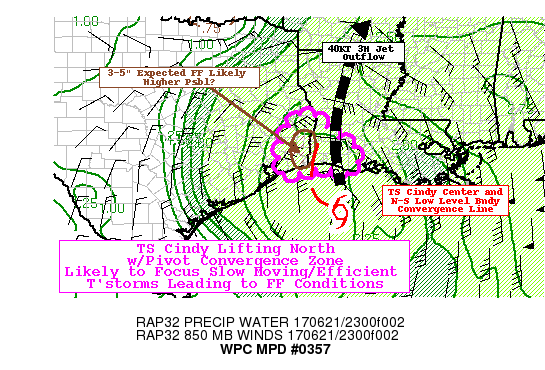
AREAS AFFECTED...EXT SOUTHEAST TX...SOUTHWEST LA

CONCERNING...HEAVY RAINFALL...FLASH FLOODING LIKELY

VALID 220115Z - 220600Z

SUMMARY...NORTH/SOUTH DEFORMATION ZONE NEAR SABINE RIVER CURRENTLY
FORMING AND LIKELY TO REMAIN A FAIRLY STATIONARY FORCING FOCUS
ALLOWING FOR COMPOUNDING HEAVY RAINFALL AND LIKELY FLASH FLOODING
CONDITIONS THROUGH EARLY OVERNIGHT HOURS.

DISCUSSION...LAST GOES-16 VISIBLE IMAGERY AND EARLY OVERNIGHT SWIR
(3.9UM) CONTINUES TO SHOW PARTIALLY EXPOSED INNER CORE OF TS
CINDY. OVERALL THE INNER CORE HAS BEGUN TO CONSOLIDATE/TIGHTEN THE
INNER CORE.  WV AMVS SUGGEST 40KT 3H EVACUATION JET OVER CENTRAL
LA WITH THE MAIN INNER CORE OF THE 5H VORT CENTER ROTATING
NORTHWARD AS WELL PROVIDING DPVA ALLOWING FOR SURFACE PRESSURE
FALLS ELONGATING THE TROF TO THE NORTH ALONG THE SABINE RIVER.
THIS PROVIDES A STRONG LOW LEVEL BOUNDARY FOR ISENTROPIC ASCENT ON
PERSISTENT 35-40KT 85H WINDS TO MAINTAIN DEEP CONVECTION WITH
LIMITED FORWARD MOTION (DEVELOPING DEFORMATION ZONE).  AS SUCH
MASS PILING AND MST CONVERGENCE WILL SUPPORT TPWS OVER 2.5" WITH
RATES UP TO 2.5"/HR.  GIVEN THE STRENGTHENING OF THE DEFORMATION
ZONE...THE FORCING/ASCENT IS EXPECTED TO REMAIN FAIRLY STATIONARY
LEADING TO THE POTENTIAL FOR 3-5" OF RAIN OVER THE NEXT 4-6 HRS
EXPECTED MOSTLY IN JEFFERSON COUNTY TX...ESPECIALLY IF DEVELOPING
NORTHWARD ROTATING BANDS BEGIN TO FILL IN AND CONVERGE. QUITE A
FEW HI-RES CAMS SUPPORT THIS EVOLUTION TO ALLOW FOR FAIRLY HIGH
TOTALS PARTICULARLY RECENT HRRR/HRRRX AND NSSL-WRF.  THOUGH FFG
VALUES ARE HIGHER...THESE TOTALS WILL LIKELY EXCEED THEM LEADING
TO FLASH FLOODING AFTER 03Z.